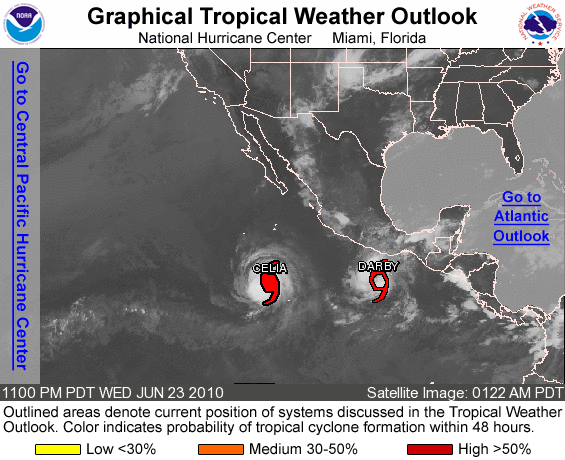
FOR THE EASTERN NORTH PACIFIC...EAST OF 140 DEGREES WEST LONGITUDE..

THE NATIONAL HURRICANE CENTER IS ISSUING ADVISORIES ON HURRICANE CELIA LOCATED ABOUT 735 MILES SOUTH OF THE SOUTHERN TIP OF BAJA CALIFORNIA...AND ON TROPICAL STORM DARBY LOCATED ABOUT 295 MILES SOUTH-SOUTHWEST OF SALINA CRUZ MEXICO.

ELSEWHERE...TROPICAL CYCLONE FORMATION IS NOT EXPECTED DURING THE NEXT 48 HOURS.

FORECASTER STEWART